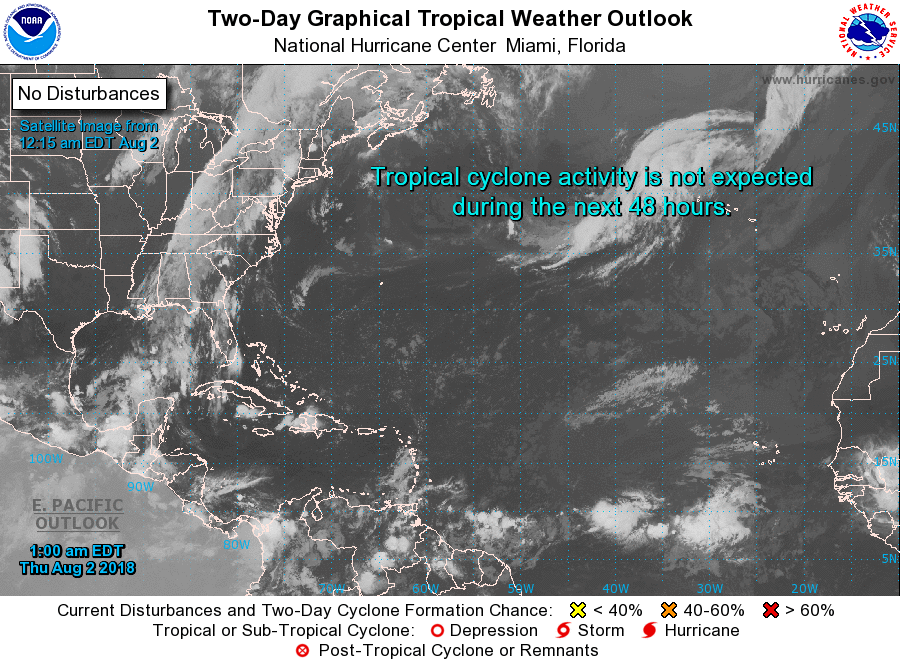
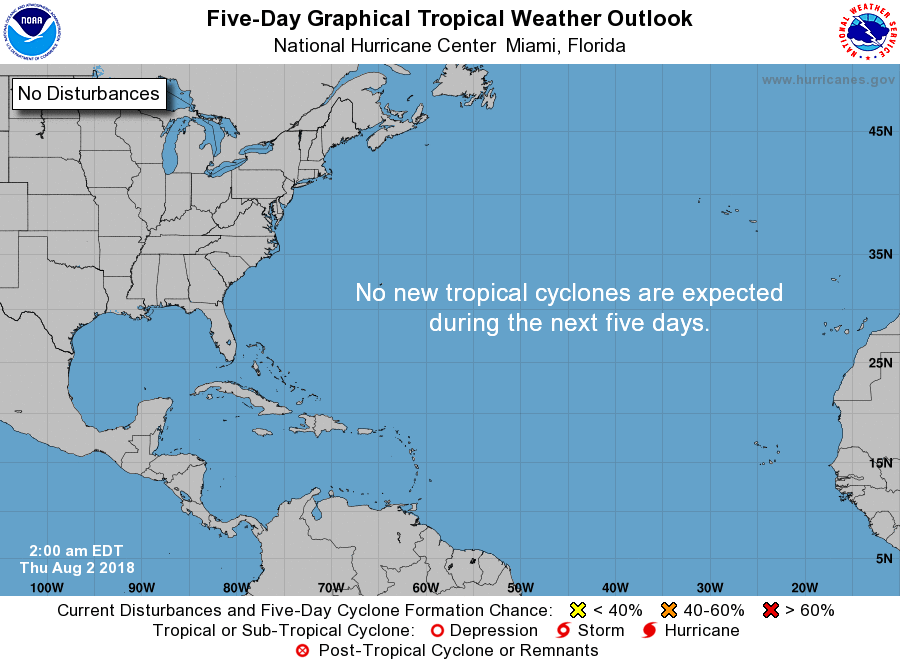
For the North Atlantic...Caribbean Sea and the Gulf of Mexico:

Tropical cyclone formation is not expected during the next 5 days.

Forecaster Avila